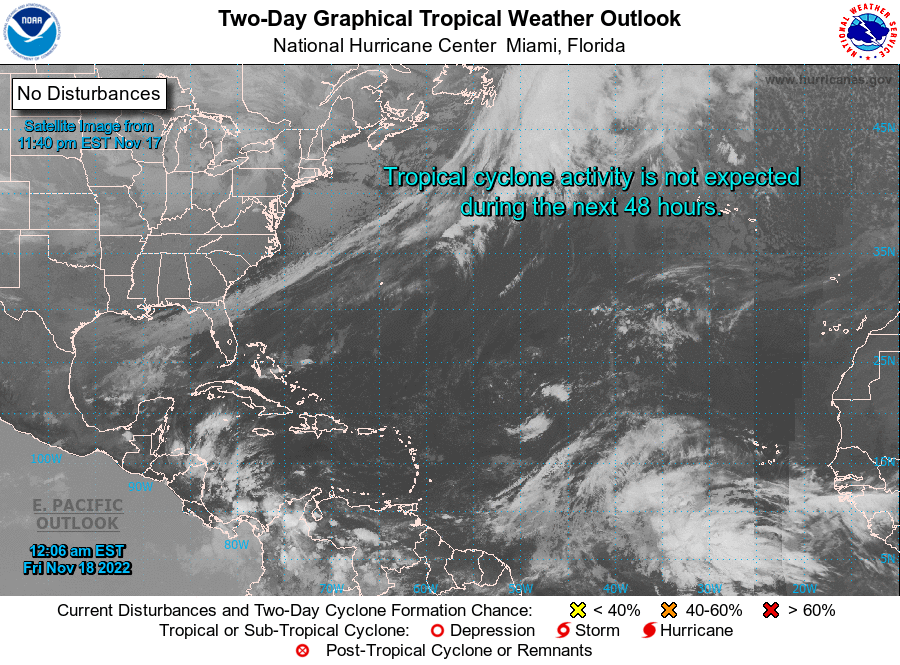
For the North Atlantic...Caribbean Sea and the Gulf of Mexico:

Tropical cyclone formation is not expected during the next 5 days.

Forecaster Papin